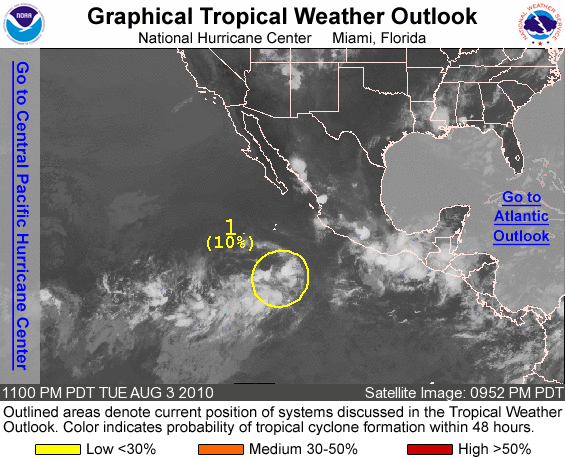
FOR THE EASTERN NORTH PACIFIC...EAST OF 140 DEGREES WEST LONGITUDE..

1. A BROAD AREA OF LOW PRESSURE LOCATED ABOUT 700 MILES SOUTH OF THE SOUTHERN TIP OF BAJA CALIFORNIA CONTINUES TO PRODUCE DISORGANIZED SHOWERS AND THUNDERSTORMS. THIS SYSTEM IS MOVING WEST- NORTHWESTWARD AT 5 TO 10 MPH...AND UPPER-LEVEL WINDS ARE EXPECTED TO REMAIN UNFAVORABLE FOR DEVELOPMENT. THERE IS A LOW CHANCE...10 PERCENT...OF THIS SYSTEM BECOMING A TROPICAL CYCLONE DURING THE NEXT 48 HOURS.

ELSEWHERE...TROPICAL CYCLONE FORMATION IS NOT EXPECTED DURING THE NEXT 48 HOURS.

FORECASTER PASCH